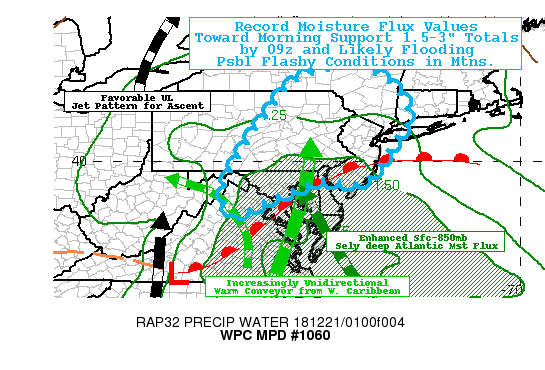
Areas affected...Mid-Atlantic to Lower Hudson River Valley...N
VA/N MD/N DE/E PA/NJ/S NY/E CT...

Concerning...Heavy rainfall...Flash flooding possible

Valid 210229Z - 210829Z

SUMMARY...Tropical tele-connection and strong shortwave support
highly anomalous/record moisture flux into highly saturated area.
Flooding is likely with some localize flash flooding even
possible.

DISCUSSION...GOES-16 WV suite depicts a mature deep cyclone
extending the length of the eastern CONUS with excellent T-Bar
shape and broad anticyclonic baroclinic leaf/shield capping the
system indicative of strong outflow/ideal synoptic ascent pattern.
 The right entrance region of 110-120kt 250kt jet is lifting north
but secondary jet axis is lifting north and broadening across the
area of concern throughout the next 3-6hrs providing excellent
diffluence in the region.

A surface cyclone is lifting through the southern/central
Appalachians with a warm front extending eastward through the
Piedmont of VA into the Delmarva peninsula, a cold front advances
along the eastern Gulf near a secondary developing surface low.
In advance of this front, a highly anomalous warm conveyor branch
is lifting northward across the Coastal Carolina Plain, angling
westward slightly across N VA/MD into Central PA attm.  This
tropical branch is connected back to the Western Caribbean with
Total PWats to 1.75" detected through its length. CIRA advected
Layer PW suggest this is mainly lower atmospheric loaded with
Sfc-850 slug of near 1-1.25" advancing/pooling along the warm
front.  Of interest, this is also the layer which is providing
some return southeasterly moisture along the NW to SE frontal
boundary through the Sargasso Sea into the central Atlantic.

This combined/confluent flow supported by 20-25kt sfc flow and
50-60kt 850kt winds pool this moisture into the Mid-Atlantic and
focus it along the PA Appalachians and Pocono Mountains, but as
the shortwave and associated upper level right jet entrance region
lift north and away from the base/shortwave energy in the Eastern
Gulf, the alignment of deep moisture flux will shift from a veered
profile and orient more unidirectional and support IVT values in
the 1250-1300 kg/ms range (given record or near record TPW of 1.7"
and strong winds), this will support increasing rainfall
efficiency with potential of .5-.75"/hr rates toward 08-09z across
the Eastern Poconos/Catskills and Lower Hudson River Valley.
Rainfall totals are generally expected in the 1.5-2.5" range
through 09z especially across Central PA and N MD with some
localized areas over 3" likely.  This year's high rainfall totals
across the Mid-Atlantic will further be pushed supporting
increased run-off and the potential for isolated flash flooding
but likely areal and main stem flooding by early morning.